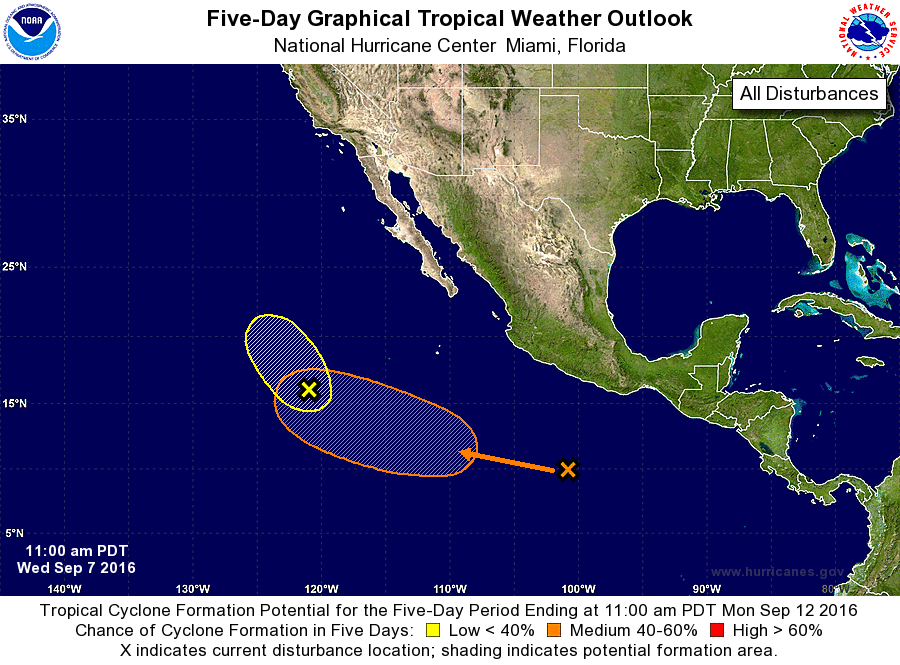
For the eastern North Pacific...east of 140 degrees west longitude:

The National Hurricane Center is issuing advisories on Tropical Storm Newton, located inland over the Mexican state of Sonora.

1. An area of low pressure located about 850 miles southwest of the southern tip of the Baja California peninsula remains disorganized. Development of this system is not expected while it moves northward and then northwestward at 10 mph during the next few days.
* Formation chance through 48 hours...low...10 percent
* Formation chance through 5 days...low...10 percent

2. A tropical wave located well south of Acapulco, Mexico, is producing cloudiness and disorganized showers. A low pressure system is expected to form from this wave in a couple of days several hundred miles southwest of Manzanillo, Mexico. Slow development of this system is possible, and a tropical depression could form over the weekend while the low moves west-northwestward.
* Formation chance through 48 hours...low...near 0 percent
* Formation chance through 5 days...medium...60 percent

Forecaster Berg